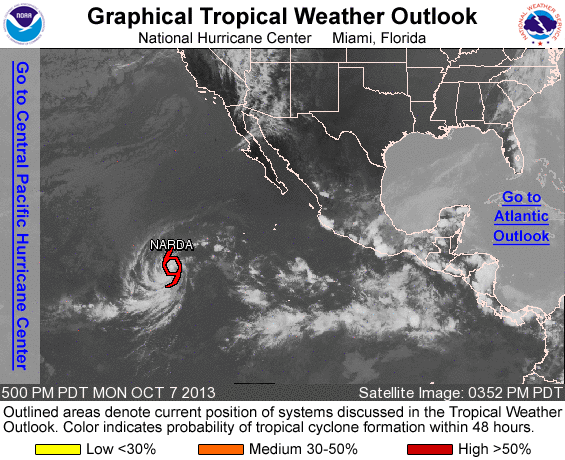
FOR THE EASTERN NORTH PACIFIC...EAST OF 140 DEGREES WEST LONGITUDE..

THE NATIONAL HURRICANE CENTER IS ISSUING ADVISORIES ON TROPICAL STORM NARDA...LOCATED WELL SOUTHWEST OF THE SOUTHERN TIP OF THE BAJA CALIFORNIA PENINSULA.

TROPICAL CYCLONE FORMATION IS NOT EXPECTED DURING THE NEXT 48 HOURS.

OTHER SYSTEMS WITH FORMATION POTENTIAL BEYOND 48 HOURS...

A BROAD AREA OF LOW PRESSURE COULD FORM SEVERAL HUNDRED MILES OFFSHORE OF THE SOUTHWESTERN COAST OF MEXICO IN A FEW DAYS...AND ENVIRONMENTAL CONDITIONS SHOULD BE FAVORABLE FOR SOME DEVELOPMENT OF THIS LOW BY THE END OF THE WEEK. THIS SYSTEM HAS A LOW CHANCE... NEAR 0 PERCENT...OF BECOMING A TROPICAL CYCLONE DURING THE NEXT 48 HOURS...AND A MEDIUM CHANCE...30 PERCENT...OF BECOMING A TROPICAL CYCLONE DURING THE NEXT FIVE DAYS WHILE IT MOVES GENERALLY WESTWARD AT 10 TO 15 MPH.

&&
FIVE-DAY FORMATION PROBABILITIES ARE EXPERIMENTAL IN 2013. COMMENTS ON THE EXPERIMENTAL FORECASTS CAN BE PROVIDED AT...

HTTP://WWW.NWS.NOAA.GOV/SURVEY/NWS-SURVEY.PHP?CODE=ETWO

FORECASTER CANGIALOSI/STEWART